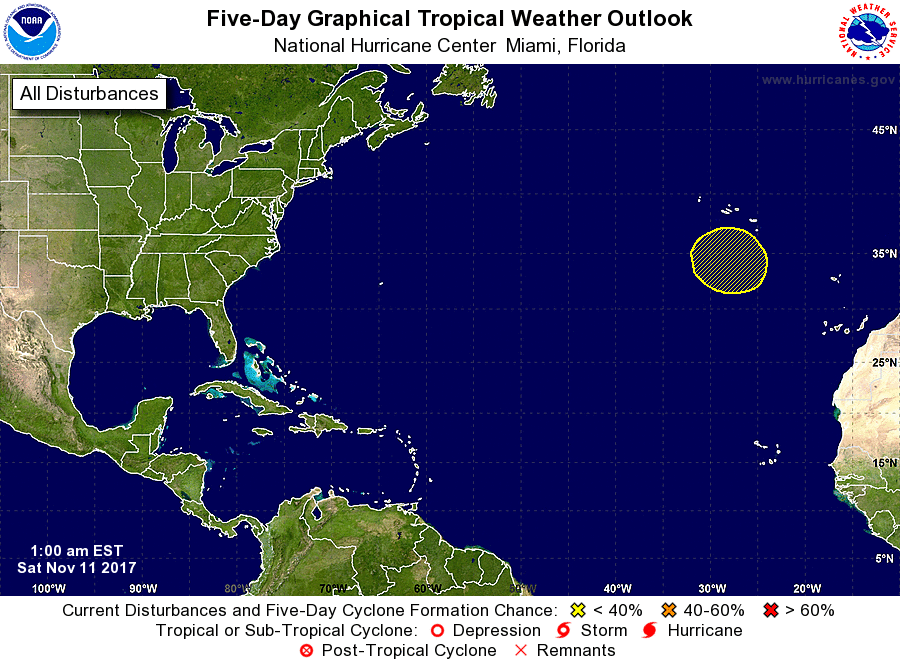
For the North Atlantic...Caribbean Sea and the Gulf of Mexico:

1. A non-tropical area of low pressure is forecast to form late this weekend or early next week a few hundred miles south-southwest of the Azores. This low could acquire some subtropical characteristics by the middle of next week while it moves generally northeastward.
* Formation chance through 48 hours...low...near 0 percent.
* Formation chance through 5 days...low...20 percent.

Forecaster Cangialosi